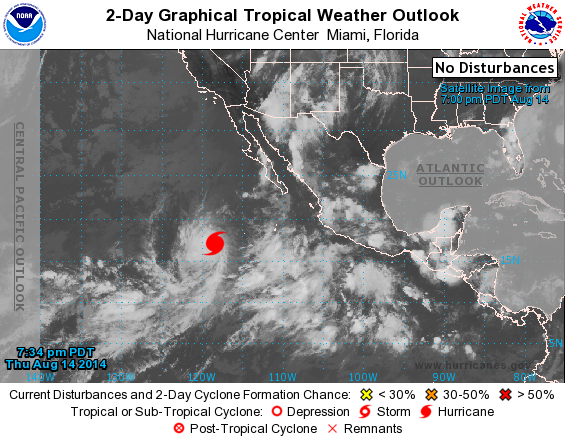
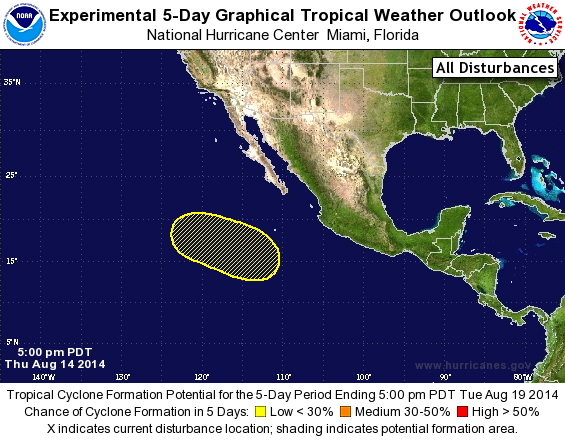
For the eastern North Pacific...east of 140 degrees west longitude:

The National Hurricane Center is issuing advisories on Hurricane Karina, located several hundred miles southwest of the southern tip of the Baja California peninsula.

1. A weak area of low pressure is forecast to form a few hundred miles south-southwest of the southern tip of the Baja California peninsula in a couple of days. Some gradual development of this system is possible early next week while it moves northwestward to west-northwestward.
* Formation chance through 48 hours...low...near 0 percent.
* Formation chance through 5 day...low...20 percent.

Forecaster Berg